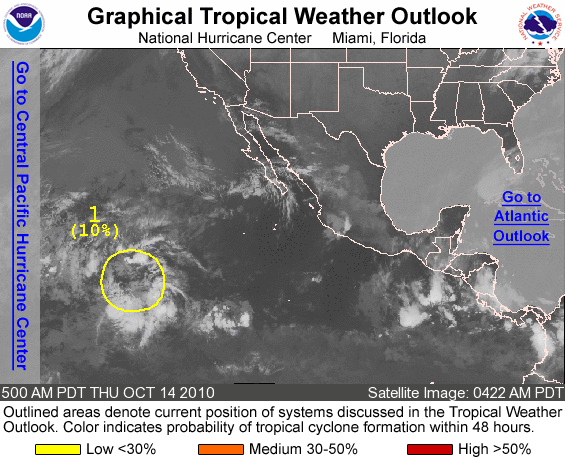
FOR THE EASTERN NORTH PACIFIC...EAST OF 140 DEGREES WEST LONGITUDE..

1. DISORGANIZED SHOWERS AND THUNDERSTORMS CONTINUE IN ASSOCIATION WITH A SURFACE TROUGH LOCATED ABOUT 1450 MILES SOUTHWEST OF THE SOUTHERN TIP OF BAJA CALIFORNIA. ANY DEVELOPMENT OF THIS SYSTEM IS EXPECTED TO BE SLOW TO OCCUR...AND THERE IS A LOW CHANCE...10 PERCENT...OF THE SYSTEM BECOMING A TROPICAL CYCLONE DURING THE NEXT 48 HOURS AS IT MOVES WESTWARD OR WEST-NORTHWESTWARD AT ABOUT 10 MPH.

ELSEWHERE...TROPICAL CYCLONE FORMATION IS NOT EXPECTED DURING THE NEXT 48 HOURS.

FORECASTER BRENNAN